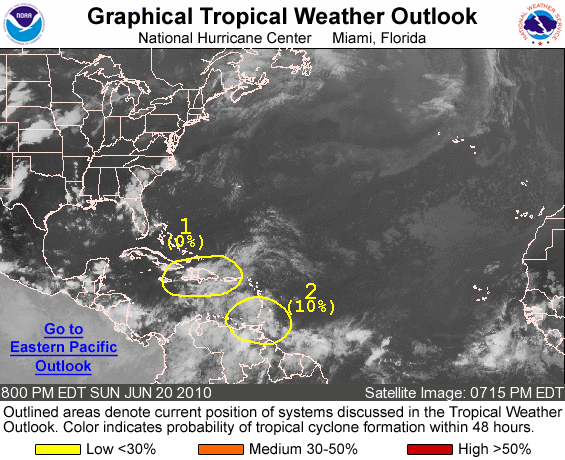
FOR THE NORTH ATLANTIC...CARIBBEAN SEA AND THE GULF OF MEXICO...

1. A TROPICAL WAVE EXTENDING FROM EASTERN CUBA SOUTHWARD INTO THE NORTH-CENTRAL CARIBBEAN SEA IS PRODUCING DISORGANIZED SHOWERS AND THUNDERSTORMS OVER MUCH OF EASTERN CUBA...HISPANIOLA... JAMAICA...PUERTO RICO...AND THE VIRGIN ISLANDS. LOCALLY HEAVY RAINS...WHICH COULD CAUSE FLASH FLOODS AND MUD SLIDES...AS WELL AS GUSTY WINDS ARE POSSIBLE DURING THE NEXT DAY OR TWO OVER PORTIONS OF HISPANIOLA...JAMAICA...AND MUCH OF CUBA AS THE WAVE MOVES WESTWARD TO WEST-NORTHWESTWARD AT 10 TO 15 MPH. UPPER-LEVEL WINDS ARE EXPECTED TO REMAIN UNFAVORABLE FOR TROPICAL CYCLONE DEVELOPMENT...AND THERE IS A LOW CHANCE...NEAR 0 PERCENT...OF THIS SYSTEM BECOMING A TROPICAL CYCLONE DURING THE NEXT 48 HOURS. FOR ADDITIONAL INFORMATION ON THIS SYSTEM...PLEASE REFER TO PRODUCTS ISSUED BY YOUR NATIONAL METEOROLOGICAL SERVICE.

2. ANOTHER TROPICAL WAVE LOCATED OVER THE SOUTHEASTERN CARIBBEAN SEA IS PRODUCING WIDESPREAD CLOUDINESS AND SHOWERS OVER MUCH OF THE WINDWARD ISLANDS AND NORTHEASTERN VENEZUELA...AND ADJACENT WATERS OF THE CARIBBEAN SEA AND SOUTHWESTERN ATLANTIC. THIS SYSTEM WILL PRODUCE LOCALLY HEAVY RAINFALL AND GUSTY WINDS ACROSS THE WINDWARD ISLANDS AND NORTHERN VENEZUELA DURING THE NEXT DAY OR SO AS THE WAVE MOVES WEST-NORTHWESTWARD AT 10 TO 15 MPH. UPPER-LEVEL WINDS ARE ONLY MARGINALLY CONDUCIVE FOR TROPICAL CYCLONE DEVELOPMENT... AND THERE IS A LOW CHANCE...10 PERCENT...OF THIS SYSTEM BECOMING A TROPICAL CYCLONE DURING THE NEXT 48 HOURS.

ELSEWHERE...TROPICAL CYCLONE FORMATION IS NOT EXPECTED DURING THE NEXT 48 HOURS.

FORECASTER STEWART/LANDSEA